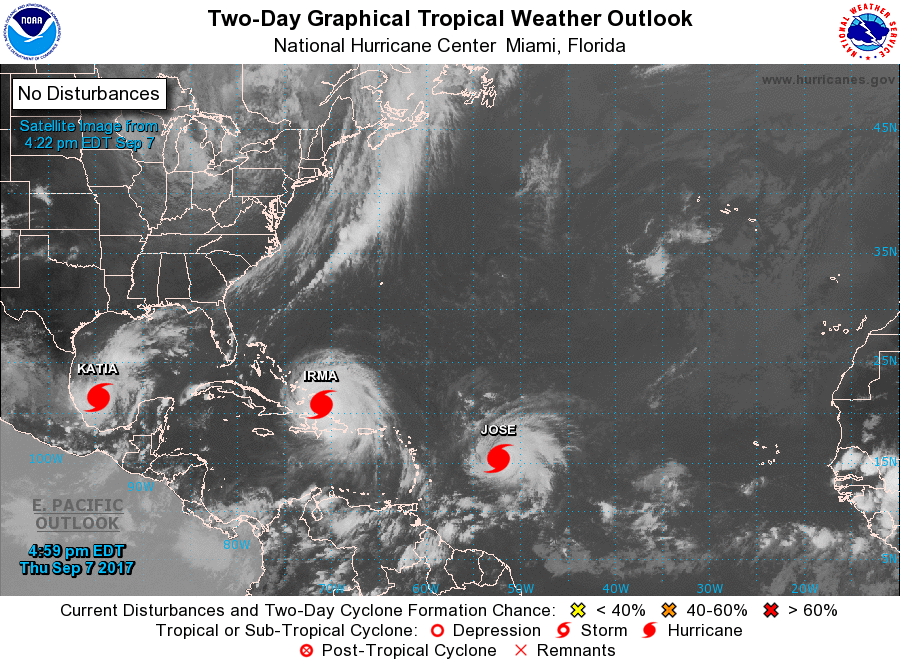
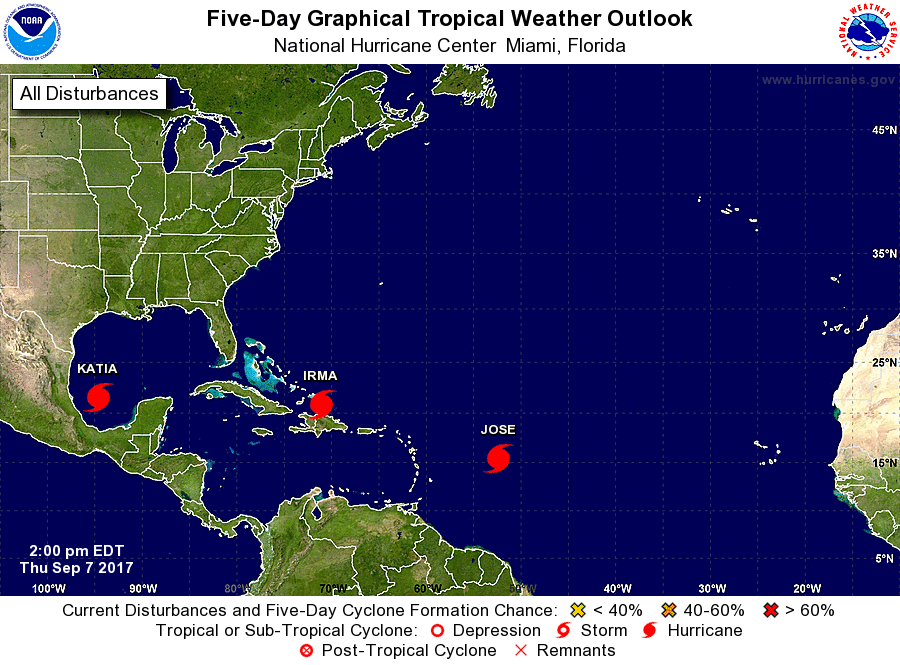
For the North Atlantic...Caribbean Sea and the Gulf of Mexico:

The National Hurricane Center is issuing advisories on Hurricane Irma, located north of the Dominican Republic, on Hurricane Jose, located over the central Atlantic Ocean, and on Hurricane Katia, located over the southwestern Gulf of Mexico.

Tropical cyclone formation is not expected during the next 5 days.

Forecaster Zelinsky